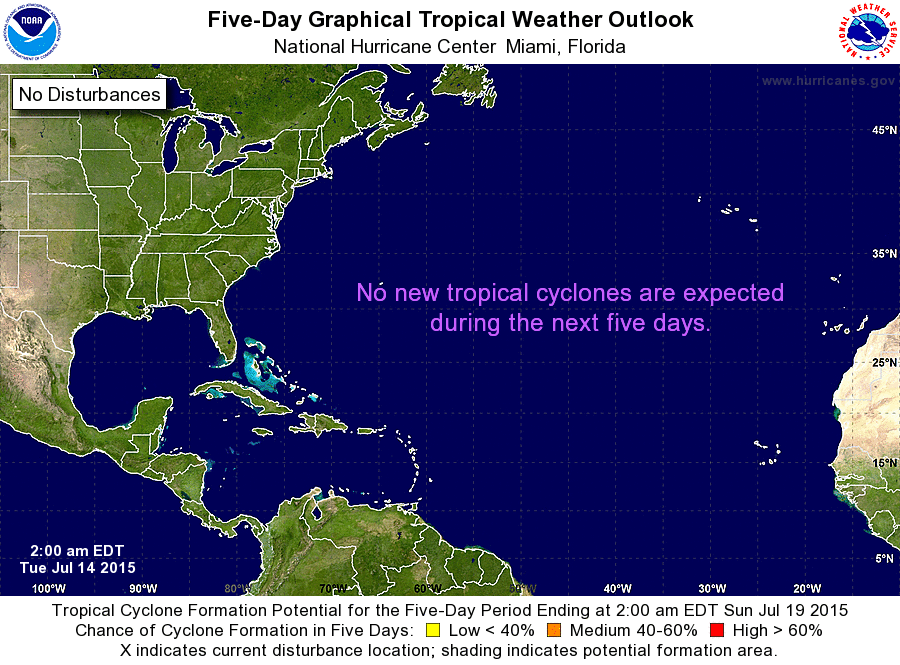
For the North Atlantic...Caribbean Sea and the Gulf of Mexico:

The National Hurricane Center is issuing advisories on Tropical Storm Claudette, located a few hundred miles east-southeast of Nantucket, Massachusetts.

Tropical cyclone formation is not expected during the next 5 days.

&&
Public Advisories on Claudette are issued under WMO header WNT33 KNHC and under AWIPS header MIATCPAT3. Forecast/Advisories on Claudette are issued under WMO header WTNT23 KNHC and under AWIPS header MIATCMAT3.

Forecaster Brown